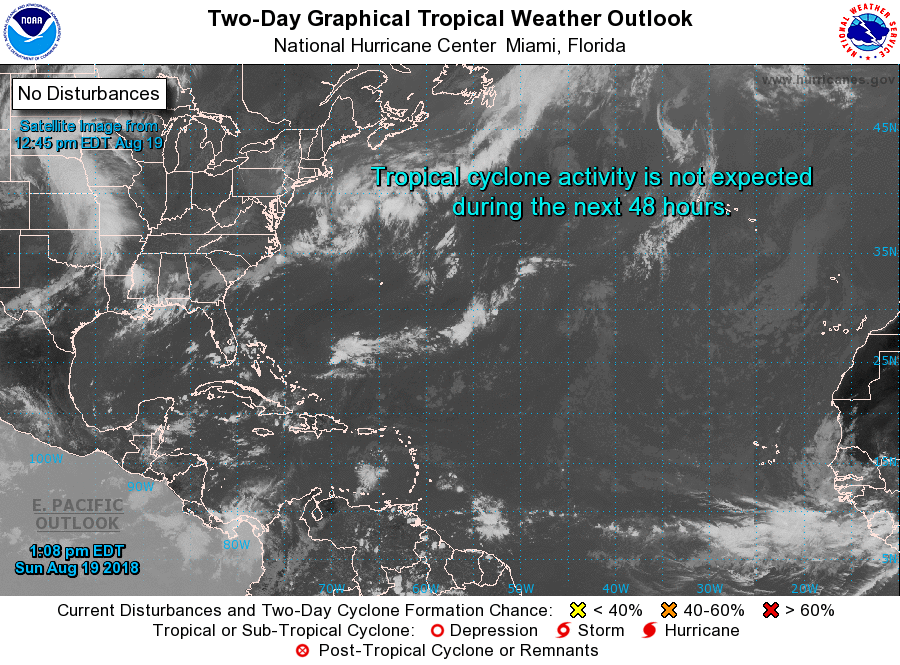
For the North Atlantic...Caribbean Sea and the Gulf of Mexico:

Tropical cyclone formation is not expected during the next 5 days.

Forecaster Stewart